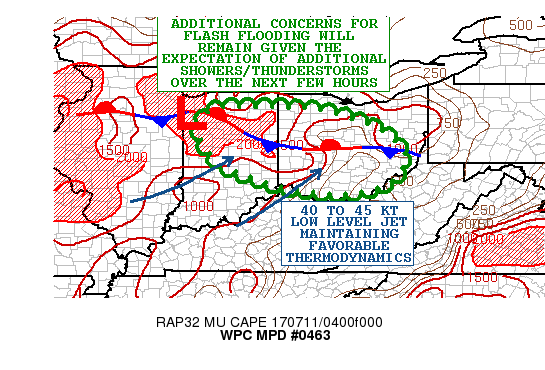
AREAS AFFECTED...CENTRAL/EASTERN IN...OH

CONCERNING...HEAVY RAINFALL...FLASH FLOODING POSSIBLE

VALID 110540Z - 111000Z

SUMMARY...THE THREAT FOR SOME ADDITIONAL FLASH FLOODING CONTINUES
AS SMALL CLUSTERS OF HEAVY SHOWERS AND THUNDERSTORMS CONTINUE TO
DEVELOP OVER THE REGION ALONG A FRONTAL ZONE.

DISCUSSION...CLUSTERS OF HEAVY SHOWERS AND THUNDERSTORMS CONTINUE
TO DEVELOP ACROSS PORTIONS OF CENTRAL/EASTERN IN AND ACROSS OH
ALONG A WAVY QUASI-STATIONARY FRONT AND OUT AHEAD OF A WAVE OF LOW
PRESSURE. FAVORABLE INSTABILITY IS IN PLACE WITH AS MUCH AS 1000
TO 2000 J/KG OF MUCAPE POOLED ALONG THE FRONT...ESPECIALLY OVER
CENTRAL/NORTHERN IN...BUT THE CONVECTION IS ALSO IN AN ENVIRONMENT
OF MODEST DEEP LAYER ASCENT ASSOCIATED WITH A MID/UPPER LEVEL
SHORTWAVE TROUGH CROSSING THE OH VALLEY AND ALSO WITH THE NOSE OF
A WEAK UPPER LEVEL JET STREAK OF ABOUT 50 TO 70 KTS NOW MOVING
ACROSS NORTHERN IL. THERE IS ALSO A LOW LEVEL JET OF ABOUT 40 TO
45 KTS OUT OF THE SOUTHWEST AS PER LATEST VWP DATA CROSSING THE OH
RIVER VALLEY AHEAD OF THE WAVE OF LOW PRESSURE AND THIS IS
FOCUSING A WELL-DEFINED WARM ADVECTION PATTERN WITH PLENTY OF
MOISTURE/INSTABILITY TRANSPORT ALONG AND OVER THE FRONTAL ZONE.

CONDITIONS WILL LIKELY REMAIN CONDUCIVE FOR ADDITIONAL CONVECTION
TO DEVELOP AND LOCALLY BACKBUILD ALONG THE FRONTAL ZONE FROM
CENTRAL IN EAST ACROSS OH...WITH PERHAPS A GRADUAL TENDENCY FOR
THE ACTIVITY TO SETTLE A LITTLE FARTHER SOUTH. GIVEN PWATS OF OVER
1.5 INCHES...AND THE VERY COLD CONVECTIVE TOPS...RAINFALL RATES OF
NEAR 2 INCHES/HR WILL BE POSSIBLE. THE LATEST HRRR/HRRRX GUIDANCE
SUGGEST AS MUCH AS ANOTHER 3 TO 4 INCHES LOCALLY THROUGH
DAWN...AND WITH ALREADY MULTIPLE ROUNDS OF HEAVY RAIN SEEN
EARLIER...THE ADDITIONAL RAIN WILL CONTINUE TO PROMOTE CONCERNS
FOR RUNOFF AND FLASH FLOODING. IT IS EXPECTED THOUGH THAT
CONDITIONS WILL IMPROVE TOWARD DAWN...BUT WILL CONTINUE TO MONITOR
THE CONVECTIVE TRENDS.